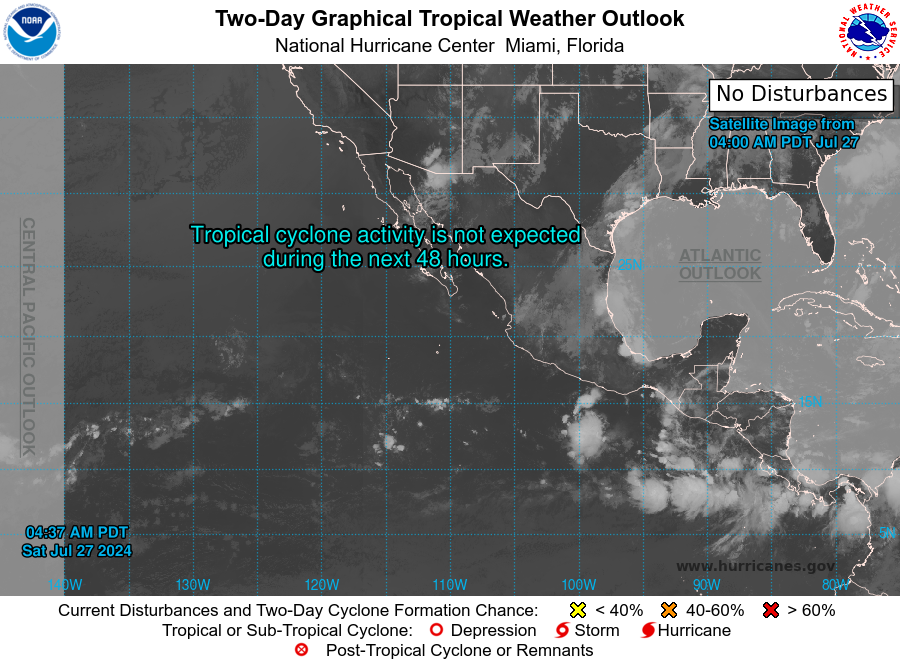
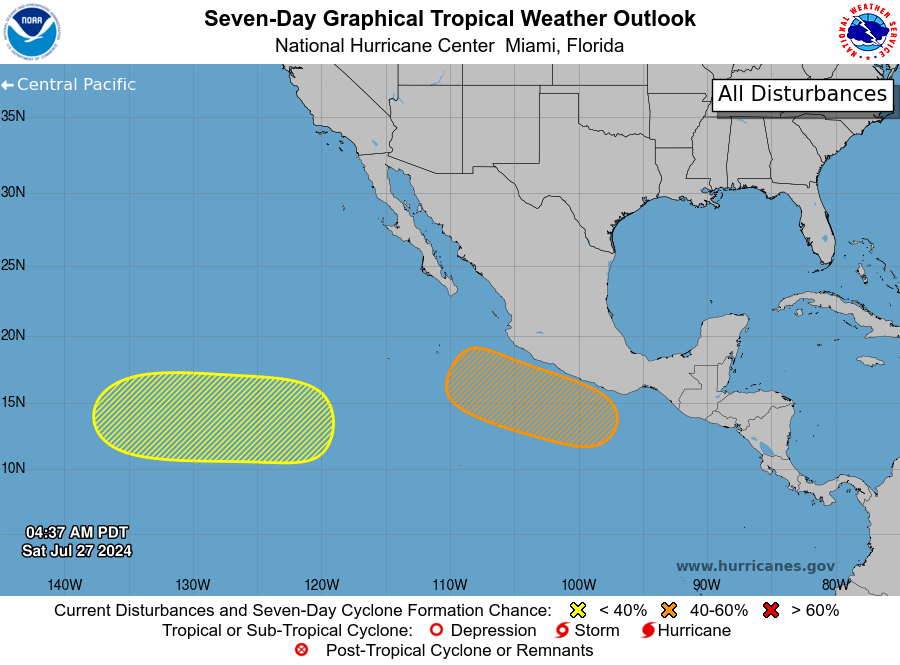
For the eastern North Pacific...east of 140 degrees west longitude:

1. South of Southern Mexico: An area of low pressure is forecast to form by the middle of next week a few hundred miles south of the coast of southern Mexico. Environmental conditions appear conducive for gradual development of this system, and a tropical depression could form during the middle or latter part of next week. This system is forecast to move west-northwestward at 10 to 15 mph, roughly parallel to the coast of southwestern Mexico.
* Formation chance through 48 hours...low...near 0 percent.
* Formation chance through 7 days...medium...50 percent.

2. Western East Pacific: Another area of low pressure could form by the middle of next week well to the southwest of the southern tip of the Baja California Peninsula. Some slow development of this system is possible during the middle and latter parts of next week while it moves westward to west-northwestward across the western portion of the basin.
* Formation chance through 48 hours...low...near 0 percent.
* Formation chance through 7 days...low...30 percent.

Forecaster Kelly